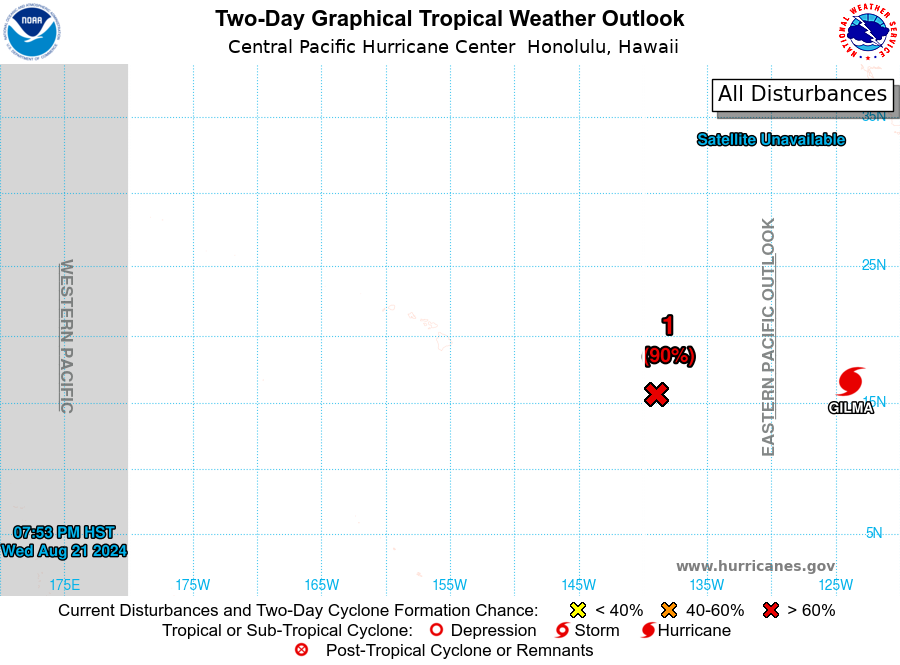
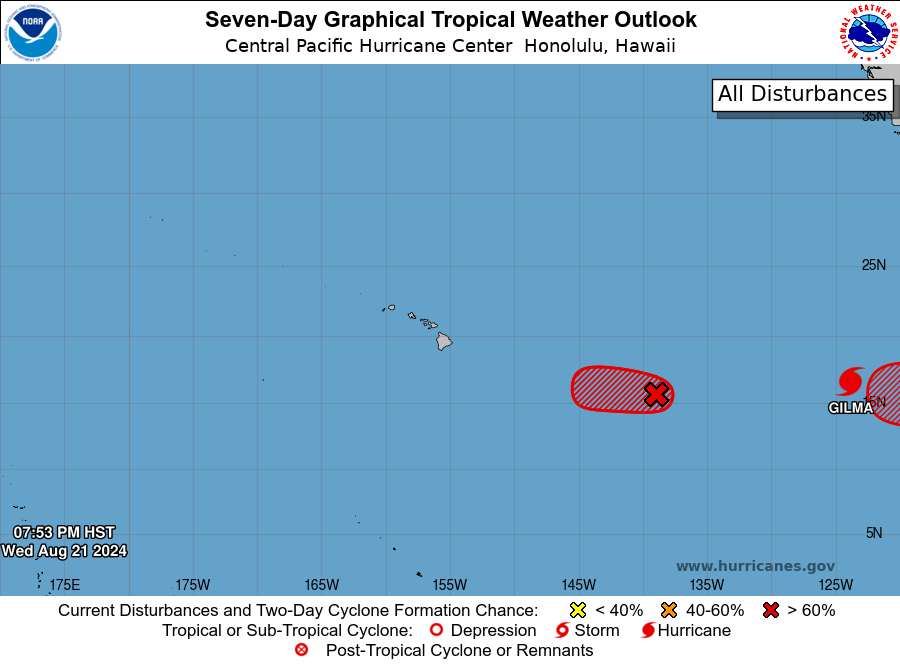
For the central North Pacific...between 140W and 180W:

Active Systems: The National Hurricane Center in Miami, Florida is issuing advisories on Hurricane Gilma, located around a thousand miles west-southwest of the southern tip of the Baja California peninsula, or around two thousand miles east of Hilo, Hawaii. Gilma is expected to move into the Central Pacific Hurricane Center's area of responsibility early next week.

Approximately 1100 miles east-southeast of Hilo, Hawaii (EP91): Shower and thunderstorm activity has gradually increased tonight in association with an area of low pressure located well east-southeast of the Hawaiian Islands. A slight improvement in organization could result in the formation of a tropical depression or tropical storm on Thursday while it moves generally westward at 10 to 15 mph. This system is expected to move into the central Pacific basin early Thursday morning, where it is then forecast to strengthen during the next couple of days and move near the Hawaiian Islands late this weekend or early next week.

1. Interests in Hawaii should closely monitor this disturbance, though it remains too early to determine the exact location and magnitude of potential impacts. For marine forecasts, including gale warnings, see High Seas Forecasts issued by the National Weather Service.
* Formation chance through 48 hours...high...90 percent.
* Formation chance through 7 days...high...90 percent.

Elsewhere, no tropical cyclones are expected during the next 7 days.

High Seas Forecasts issued by the National Weather Service can be found under AWIPS header NFDHSFEPI, WMO header FZPN02 KWBC, and on the web at ocean.weather.gov/shtml/NFDHSFEPI.php

The Tropical Weather Outlook for the Eastern Pacific basin can be found under AWIPS header HFOTWOEP and WMO header ABPZ20 KNHC and on the web at hurricanes.gov

Forecaster Jelsema